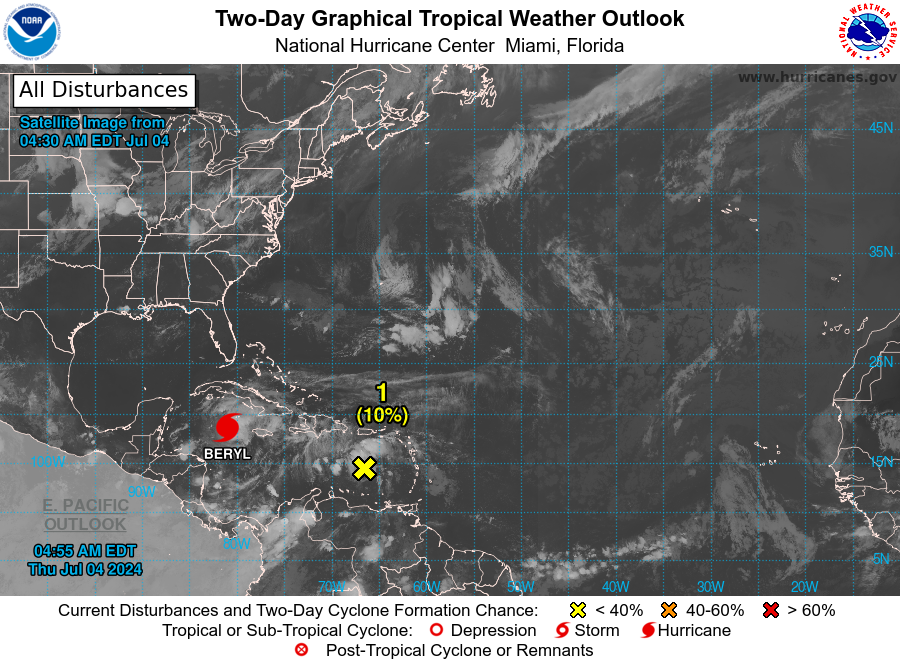
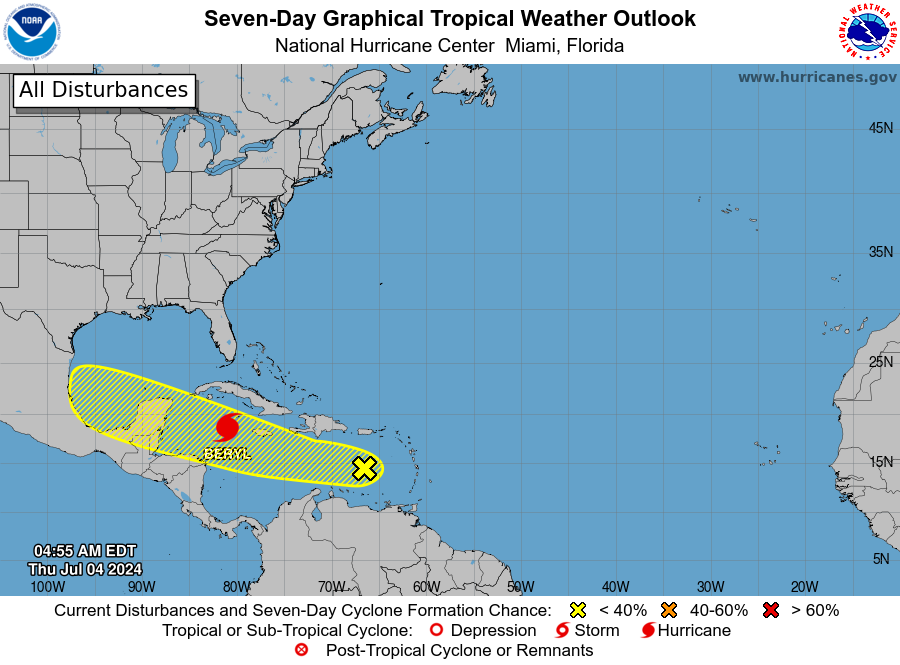
For the North Atlantic...Caribbean Sea and the Gulf of Mexico:

Active Systems: The National Hurricane Center is issuing advisories on Hurricane Beryl, located to the southeast of Grand Cayman Island.

1. Eastern Caribbean Sea (AL96): A fast-moving tropical wave located over the eastern Caribbean Sea continues to produce an area of disorganized shower and thunderstorm activity. Development, if any, of this system should be slow to occur while it moves quickly westward to west-northwestward at 20 to 25 mph across the Caribbean Sea during the next several days. This system is then forecast to cross the Yucatan Peninsula and enter the southwestern Gulf of Mexico by early next week where some development could occur. Gusty winds and locally heavy rainfall are possible across portions of the Greater Antilles over the next few days.
* Formation chance through 48 hours...low...10 percent.
* Formation chance through 7 days...low...20 percent.

Forecaster Papin